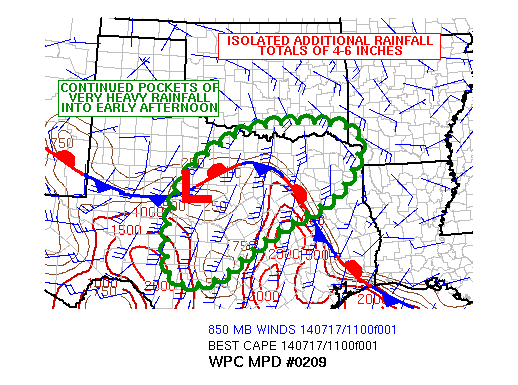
AREAS AFFECTED...PORTIONS OF CNTRL AND NRN TEXAS

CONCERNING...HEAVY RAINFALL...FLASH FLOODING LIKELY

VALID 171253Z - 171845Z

SUMMARY...THE FLASH FLOOD THREAT WILL CONTINUE THROUGH 18Z WITH
MODEST OVERRUNNING OF A STATIONARY FRONT IN THE PRESENCE OF
ANOMALOUSLY DEEP MOISTURE. SLOW MOVEMENT OF AN ASSOCIATED UPPER
TROUGH WILL KEEP FAVORABLE CONDITIONS IN PLACE INTO THE EARLY
AFTERNOON.

DISCUSSION...SSWLY 925-850 MB FLOW OF 20-30 KTS AS SAMPLED BY 12Z
RAOB DATA AND VAD WIND PROFILES AT KGRK AND KFWS CURRENTLY EXISTS
ACROSS MUCH OF CNTRL TEXAS IN THE PRESENCE OF PRECIPITABLE WATER
VALUES NEAR OR ABOVE 2 INCHES. THIS MOISTURE IS ABOUT 2 STANDARD
DEVIATIONS ABOVE THE MEAN FOR THIS TIME OF YEAR...WITH SAMPLED
SBCAPES OF ROUGHLY 1000-1500 J/KG PER 12Z KFWD SOUNDING SOUTH OF A
STATIONARY FRONT. THIS ENVIRONMENT IS IN PLACE AHEAD OF A SLOW
MOVING 700 MB WAVE OVER WRN OKLAHOMA WHICH IS FORECAST TO VERY
SLOWLY TRACK EAST TODAY...REACHING CNTRL OKLAHOMA BY THIS EVENING.

WHILE THE HEAVIEST RAINFALL IS NOT EXPECTED TO BE WIDESPREAD
ACROSS THE THREAT AREA...THERE ARE PORTIONS OF THE HIGHLIGHTED
REGION THAT HAVE RECEIVED 3 HOUR RAINFALL RATES OF 5 TO 6 INCHES
OVERNIGHT...AND CONTINUE TO RECEIVE MODERATE TO HEAVY RAINFALL
THIS MORNING. THROUGH THE REMAINDER OF THE MORNING INTO EARLY
AFTERNOON...CONDITIONS ARE EXPECTED TO PERSIST WITH A SLOW EWD OR
SEWD DRIFT PER RAP FORECAST CORFIDI VECTORS. THE 00Z HRW ARW AND
RECENT RUNS OF THE HRRR SUGGEST ADDITIONAL RAINFALL MAXIMA OF 4-6
INCHES IN THE VICINITY OF THE RED RIVER TO THE NORTH OF THE DFW
METROPLEX THROUGH 19Z...WITH POTENTIAL FOR LOCALIZED FLASH
FLOODING TO THE SOUTH WHERE RECENT COOLING ON IR IMAGERY HAS BEEN
OBSERVED.